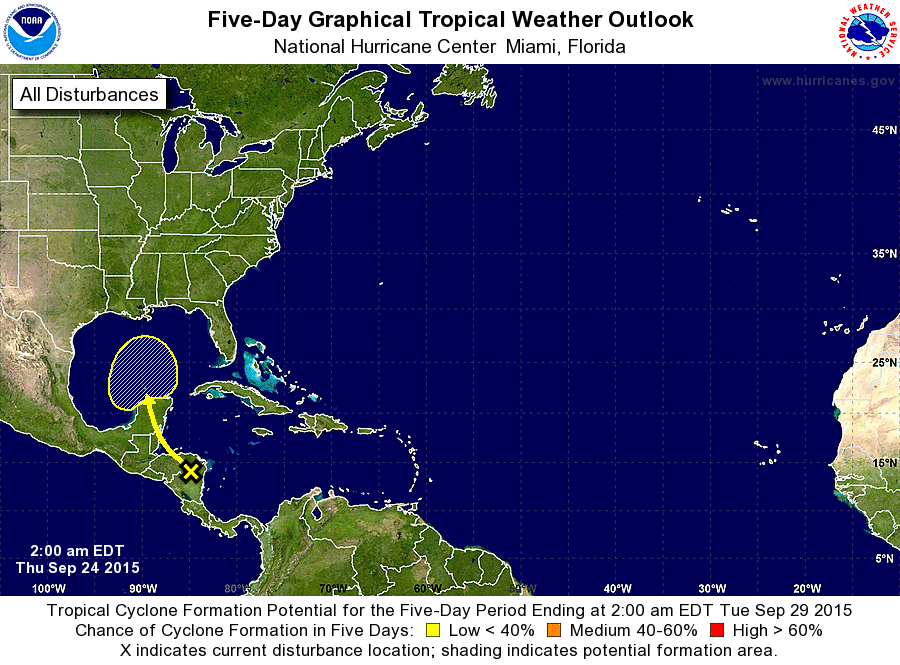
For the North Atlantic...Caribbean Sea and the Gulf of Mexico:

The National Hurricane Center is issuing advisories on Tropical Storm Ida, located about 1100 miles east of the northern Leeward Islands.

1. Disorganized showers and thunderstorms over the far western Caribbean Sea and Central America are associated with a trough of low pressure. Development of this system is not expected during the next several days due to interaction with land and unfavorable upper-level winds. The disturbance is forecast to reach the southern Gulf of Mexico by late this weekend, and even though upper-level winds are not expected to be particularly favorable, some development is possible early next week while the system moves northward over the central Gulf of Mexico.
* Formation chance through 48 hours...low...near 0 percent
* Formation chance through 5 days...low...20 percent

Forecaster Berg